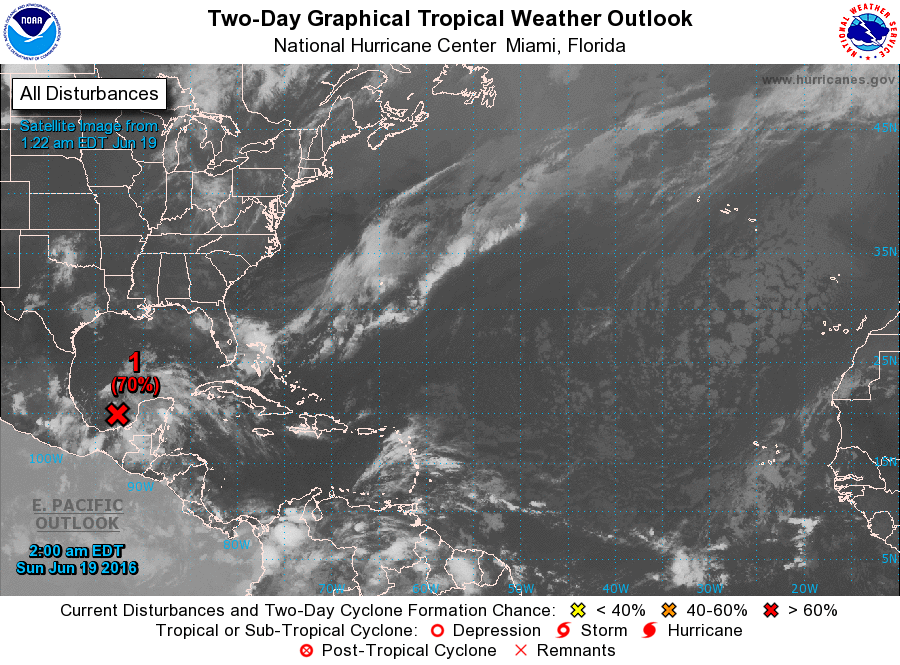
For the North Atlantic...Caribbean Sea and the Gulf of Mexico:

1. A large low pressure system, centered over the central Bay of Campeche about 300 miles east-southeast of Tuxpan, Mexico, is producing widespread cloudiness and disorganized showers and thunderstorms over much of the Bay of Campeche, southern Gulf of Mexico, and the Yucatan peninsula. The low is moving westward to west-northwestward at around 10 mph and is forecast to reach the coast of eastern Mexico on Monday. Although upper-level winds are only marginally conducive, a tropical depression is still expected to form during the next day or so. An Air Force Reserve Hurricane Hunter aircraft is scheduled to investigate the low this afternoon, if necessary. For additional information on this system, see High Seas Forecasts issued by the National Weather Service.
* Formation chance through 48 hours...high...70 percent
* Formation chance through 5 days...high...70 percent

High Seas Forecasts issued by the National Weather Service are available under AWIPS header NFDHSFAT1, WMO header FZNT01 KWBC, and on the Web at http://www.opc.ncep.noaa.gov/shtml/NFDHSFAT1.shtml.

Forecaster Stewart